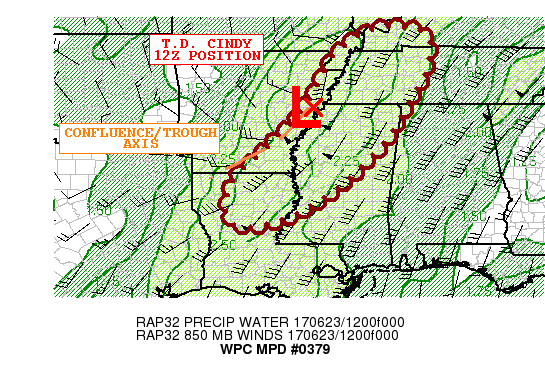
AREAS AFFECTED...NORTHERN LA...SOUTHEAST AR...CENTRAL/NORTHERN
MS...WESTERN TN...FAR WESTERN KY

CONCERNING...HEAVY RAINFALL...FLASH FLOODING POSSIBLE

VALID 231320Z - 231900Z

SUMMARY...HEAVY RAIN ASSOCIATED WITH T.D. CINDY WILL CONTINUE TO
FOSTER SOME POTENTIAL FOR FLASH FLOODING THROUGH THE MID-AFTERNOON
HOURS.

DISCUSSION...THE LOW AND MID LEVEL CENTER ASSOCIATED WITH T.D.
CINDY THIS MORNING IS BECOMING INCREASINGLY ELONGATED IN A SW/NE
FASHION...WITH A RATHER WELL-DEFINED CONFLUENCE/TROUGH AXIS
EXTENDING SOUTHWEST OF THE LOW CENTER. CONVECTION MADE A RATHER
STRONG COMEBACK OVER THE LAST FEW HOURS CLOSE TO THE CIRCULATION
CENTER AS IT WAS CROSSING EASTERN AR AND IT CURRENTLY EXTENDS WELL
SOUTHWEST ALONG THE AFOREMENTIONED CONFLUENCE ZONE DOWN INTO
NORTHERN LA.

EXPERIMENTAL GOES-16 10.3 MICRON/IR IMAGERY STILL SHOWS SOME
RATHER COLD CONVECTIVE TOPS WHICH IS SUGGESTIVE OF A FAIR DEGREE
OF ORGANIZATION AND VERY INTENSE RAINFALL RATES GIVEN THE
EXTREMELY MOIST VERTICAL COLUMN. GPS-DERIVED PWATS ARE ON THE
ORDER OF 2.4 TO 2.6 INCHES WHICH IS CONTRIBUTING TO A HIGHLY
EFFICIENT RAINFALL ENVIRONMENT WITH ENHANCED HOURLY RATES. IN
FACT...THE RATES ACROSS PARTS OF NORTHERN LA HAVE BEEN
OCCASIONALLY EXCEEDING 3 INCHES/HR OVER THE LAST COUPLE OF HOURS.

CINDY WILL BE MOVING ACROSS WESTERN TN OVER THE NEXT FEW
HOURS...WITH SOME INCREASE IN FORWARD SPEED. THIS WILL TEND TO
MITIGATE THE EXTENT OF HEAVY RAINFALL TOTALS AT LEAST OVER
TN...HOWEVER...THE TRAILING LOW TO MID LEVEL CONFLUENCE AXIS
EXTENDING SOUTHWEST ACROSS NORTHWEST MS...SOUTHEAST AR AND
NORTHERN LA WILL TEND TO HANG UP MORE...AND BE A FOCUS FOR
REPEATING/TRAINING OF CONVECTION.

RAINFALL AMOUNTS THROUGH MID-AFTERNOON SHOULD GENERALLY BE ON THE
ORDER OF 2 TO 4 INCHES WHICH IS BASED ON A CONSENSUS OF THE LATEST
HIRES GUIDANCE...HOWEVER...AREAS OF NORTHEAST LA...FAR SOUTHEAST
AR AND NORTHWEST MS MAY SEE SOME LOCALLY HEAVIER AMOUNTS OF OVER 5
INCHES GIVEN THE CONDUCIVE ENVIRONMENT FOR ADDITIONAL TRAINING.
GIVEN THESE AMOUNTS...FLASH FLOODING WILL REMAIN POSSIBLE...BUT
CONDITIONS SHOULD IMPROVE LATER TODAY AS CINDY BEGINS TO MOVE WELL
OFF TO THE EAST.